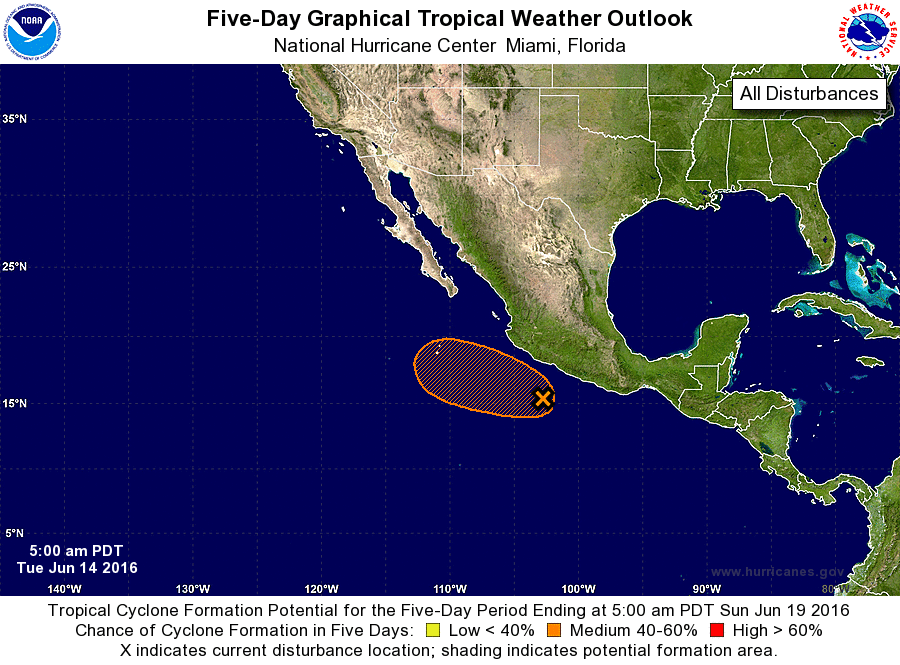
For the eastern North Pacific...east of 140 degrees west longitude:

1. A weak area of low pressure is expected to develop southwest of the coast of southern Mexico during the next day or two. Environmental conditions appear to be conducive for some development of this system, and a tropical depression could form later this week while the disturbance moves west-northwestward.
* Formation chance through 48 hours...low...20 percent
* Formation chance through 5 days...medium...50 percent

Forecaster Pasch